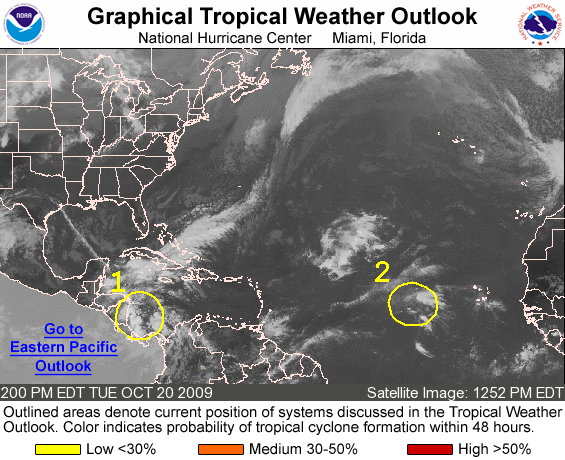
FOR THE NORTH ATLANTIC...CARIBBEAN SEA AND THE GULF OF MEXICO...

1. A BROAD AREA OF LOW PRESSURE OVER THE SOUTHWESTERN CARIBBEAN SEA IS PRODUCING A LARGE AREA OF CLOUDINESS AND THUNDERSTORMS. THIS SYSTEM HAS THE POTENTIAL FOR SLOW DEVELOPMENT AS IT DRIFTS NORTHWARD DURING THE NEXT FEW DAYS. REGARDLESS OF DEVELOPMENT...HEAVY RAINS ARE POSSIBLE OVER PORTIONS OF CENTRAL AMERICA. THERE IS A LOW CHANCE...LESS THAN 30 PERCENT...OF THIS SYSTEM BECOMING A TROPICAL CYCLONE DURING THE NEXT 48 HOURS.

2. A TROPICAL WAVE LOCATED ABOUT 850 MILES WEST OF THE SOUTHERN CAPE VERDE ISLANDS IS PRODUCING DISORGANIZED SHOWERS AND THUNDERSTORMS. UPPER-LEVEL WINDS ARE NOT FAVORABLE FOR DEVELOPMENT. THERE IS A LOW CHANCE...LESS THAN 30 PERCENT...OF THIS SYSTEM BECOMING A TROPICAL CYCLONE DURING THE NEXT 48 HOURS.

ELSEWHERE...TROPICAL CYCLONE FORMATION IS NOT EXPECTED DURING THE NEXT 48 HOURS.

FORECASTER CANGIALOSI/AVILA